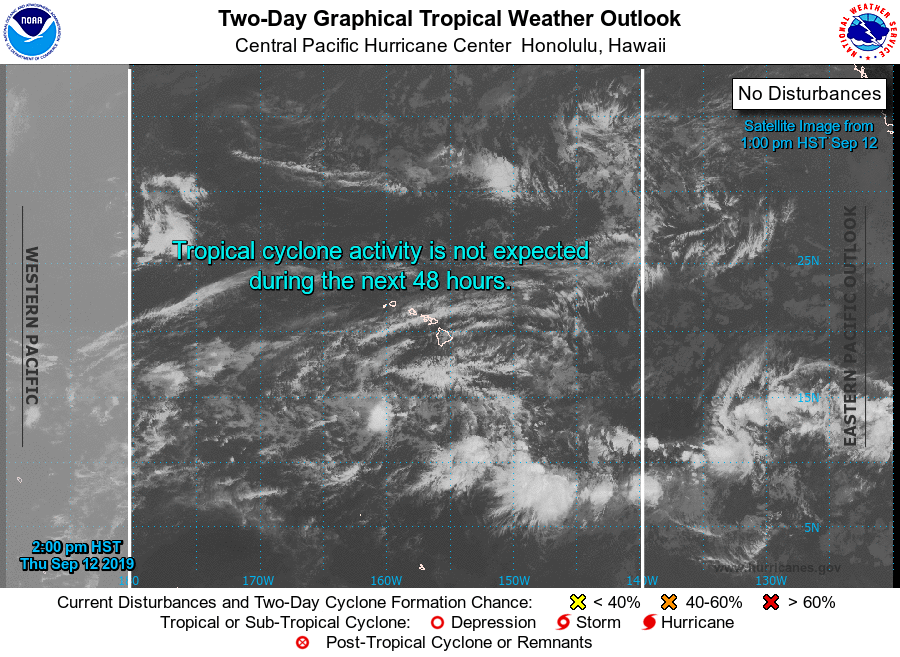
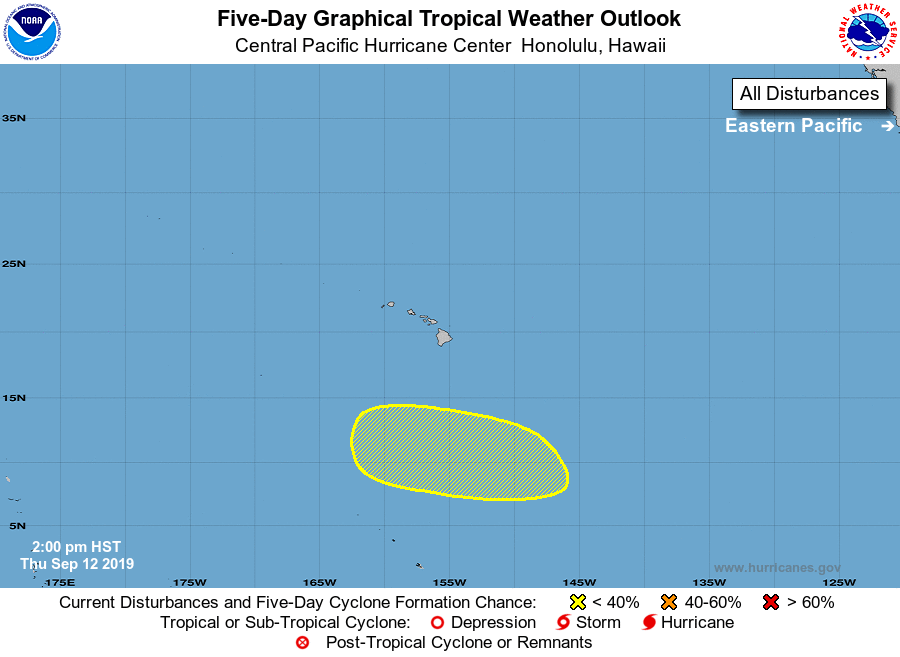
For the central North Pacific...between 140W and 180W:

1. Disorganized showers and thunderstorms are associated with a weak area of low pressure several hundred miles south of Hilo, Hawaii. Environmental conditions are expected to conducive for gradual development of a tropical cyclone over the next several days.
* Formation chance through 48 hours...low...near 0 percent.
* Formation chance through 5 days...low...20 percent.

Elsewhere, no tropical cyclones are expected during the next 5 days.

Forecaster Foster